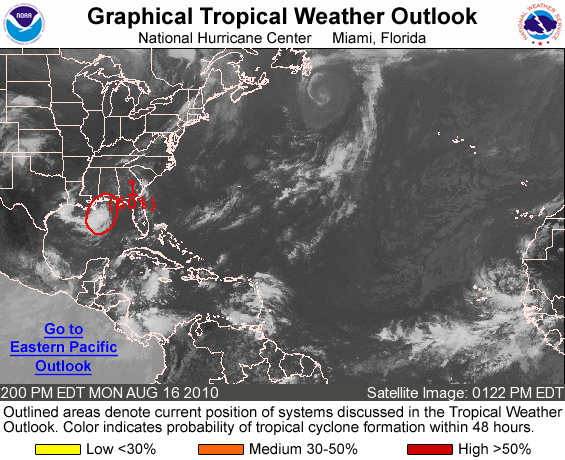
FOR THE NORTH ATLANTIC...CARIBBEAN SEA AND THE GULF OF MEXICO...

1. AN AREA OF LOW PRESSURE...THE REMNANT OF TROPICAL DEPRESSION FIVE...IS LOCATED ABOUT 100 MILES SOUTH OF THE WESTERN FLORIDA PANHANDLE...AND HAS CHANGED LITTLE IN ORGANIZATION SINCE EARLIER TODAY. ENVIRONMENTAL CONDITIONS ARE FORECAST TO BE MARGINALLY CONDUCIVE FOR DEVELOPMENT OF THIS LOW AS IT MOVES GENERALLY WESTWARD AND THEN WEST-NORTHWESTWARD OVER THE NORTHERN GULF OF MEXICO DURING THE NEXT DAY OR SO. THERE IS A HIGH CHANCE...60 PERCENT...OF THIS SYSTEM BECOMING A TROPICAL CYCLONE BEFORE MOVING INLAND OVER THE NORTHERN GULF COAST. AN AIR FORCE RESERVE UNIT RECONNAISSANCE AIRCRAFT IS CURRENTLY INVESTIGATING THE SYSTEM. LOCALLY HEAVY RAINFALL AND GUSTY WINDS ARE POSSIBLE ALONG PORTIONS OF THE NORTH CENTRAL GULF OF MEXICO COAST THROUGH TUESDAY. SEE STATEMENTS FROM LOCAL NATIONAL WEATHER SERVICE FORECAST OFFICES FOR ADDITIONAL INFORMATION.

ELSEWHERE...TROPICAL CYCLONE FORMATION IS NOT EXPECTED DURING THE NEXT 48 HOURS.

FORECASTER PASCH/KIMBERLAIN